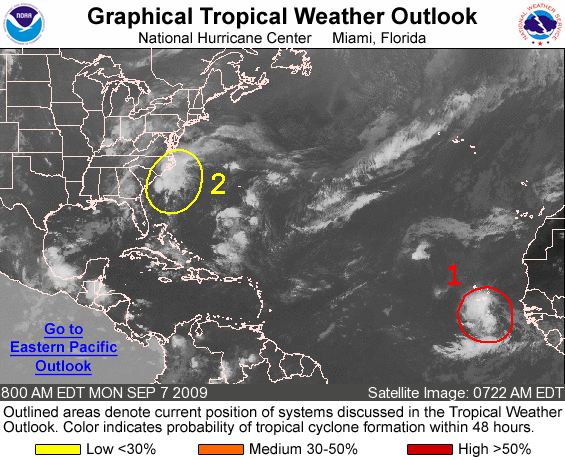
FOR THE NORTH ATLANTIC...CARIBBEAN SEA AND THE GULF OF MEXICO...

1. A BROAD AREA OF LOW PRESSURE ASSOCIATED WITH A STRONG TROPICAL WAVE IS LOCATED ABOUT 200 MILES SOUTH-SOUTHEAST OF THE SOUTHERN CAPE VERDE ISLANDS. SHOWER AND THUNDERSTORMS ACTIVITY ASSOCIATED WITH THIS SYSTEM IS SHOWING SIGNS OF ORGANIZATION. CONDITIONS APPEAR FAVORABLE FOR THE LOW TO DEVELOP INTO A TROPICAL DEPRESSION LATER TODAY OR TONIGHT AS IT MOVES WEST OR WEST-NORTHWESTWARD AT NEAR 20 MPH. LOCALLY HEAVY SHOWERS AND STRONG GUSTY WINDS ARE LIKELY OVER THE SOUTHERN CAPE VERDE ISLANDS TODAY. THERE IS A HIGH CHANCE... GREATER THAN 50 PERCENT...OF THIS SYSTEM BECOMING A TROPICAL CYCLONE DURING THE NEXT 48 HOURS.

2. A TROUGH OF LOW PRESSURE LOCATED JUST OFF THE COAST OF NORTH AND SOUTH CAROLINA IS PRODUCING AN AREA OF DISORGANIZED SHOWERS AND THUNDERSTORMS. UPPER-LEVEL WINDS ARE EXPECTED TO REMAIN UNFAVORABLE FOR SIGNIFICANT TROPICAL CYCLONE FORMATION AS THIS SYSTEM MOVES NORTH-NORTHEASTWARD. THERE IS A LOW CHANCE... LESS THAN 30 PERCENT...OF THIS SYSTEM BECOMING A TROPICAL CYCLONE DURING THE NEXT 48 HOURS.

ELSEWHERE...TROPICAL CYCLONE FORMATION IS NOT EXPECTED DURING THE NEXT 48 HOURS.

FORECASTER BROWN